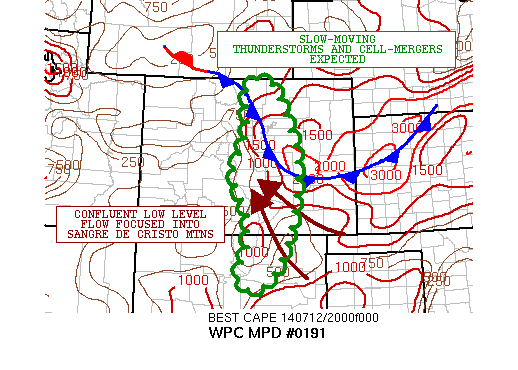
AREAS AFFECTED...CENTRAL/SOUTHERN CO...NORTHERN NM

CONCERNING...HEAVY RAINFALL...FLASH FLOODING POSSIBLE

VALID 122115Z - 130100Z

SUMMARY...EXPANDING CLUSTERS OF HEAVY SHOWERS AND THUNDERSTORMS
EXPECTED WITH
SOME CELL-MERGERS THROUGH THE EVENING. SLOW CELL MOTION WILL
PROMOTE FLASH FLOOD POTENTIAL.

DISCUSSION...THE LATEST VIS SAT IMAGERY SHOWS AN INCREASINGLY
AGITATED CU/TCU FIELD OVER CNTRL/ERN CO AS A MOIST AND UNSTABLE
AIRMASS CONTINUES TO POOL ALONG A SLOW-MOVING COLD FRONT. LOW
LEVEL FLOW NEAR THE FRONT ITSELF IS QUITE CONFLUENT AND IS
ORIENTED NEARLY PERPENDICULAR TO THE ERN SLOPES OF THE SANGRE DE
CRISTO MTNS. UPSLOPE FLOW IS NOTED JUST BEHIND THE FRONT NEAR THE
PALMER DIVIDE AS WELL...AND WITH AN INCREASE IN DIURNAL HEATING
EXPECTED...THE BOUNDARY LYR WILL ONLY DESTABILIZE FURTHER.

IR SAT IMAGERY ALREADY CONFIRMS SEVERAL COLD-TOPPED CONVECTIVE
CELLS AND COVERAGE WILL LIKELY EXPAND OVER THE NEXT FEW HOURS
GIVEN THE INTERACTION OF A THERMODYNAMICALLY FAVORABLE LOW LVL
AIRMASS WITH THE FRONT AND INTERACTION WITH HIGHER TERRAIN. SOME
CELL-MERGERS WILL BE LIKELY AS WELL. THE MAIN FOCUS FOR CONVECTION
SHOULD BE ALONG AND IMMEDIATELY ADJACENT THE FRONT RANGE AND
STRETCHING SOUTH DOWN INTO SRN CO/NRN NM INVOF THE SANGRE DE
CRISTO MTNS WHERE UPSLOPE FLOW AND STRONGER MOISTURE/INSTABILITY
TRANSPORT WILL BE NOTED.

THE 18Z NAM-CONEST...12Z ARW AND 12Z NMMB STRONGLY SUPPORT SLOW
CONVECTIVE CELL MOTION THROUGH THE EVENING NEAR THE HIGHER TERRAIN
AND WITH POTENTIAL FOR SHORT-TERM RAINFALL AMTS OF 2 TO 3 INCHES
GIVEN A COMBINATION OF THIS WITH INTENSE RAINFALL RATES.

THEREFORE...EXPECT SOME AREAS OF FLASH FLOOD CONCERN THROUGH THE
EVENING HOURS.